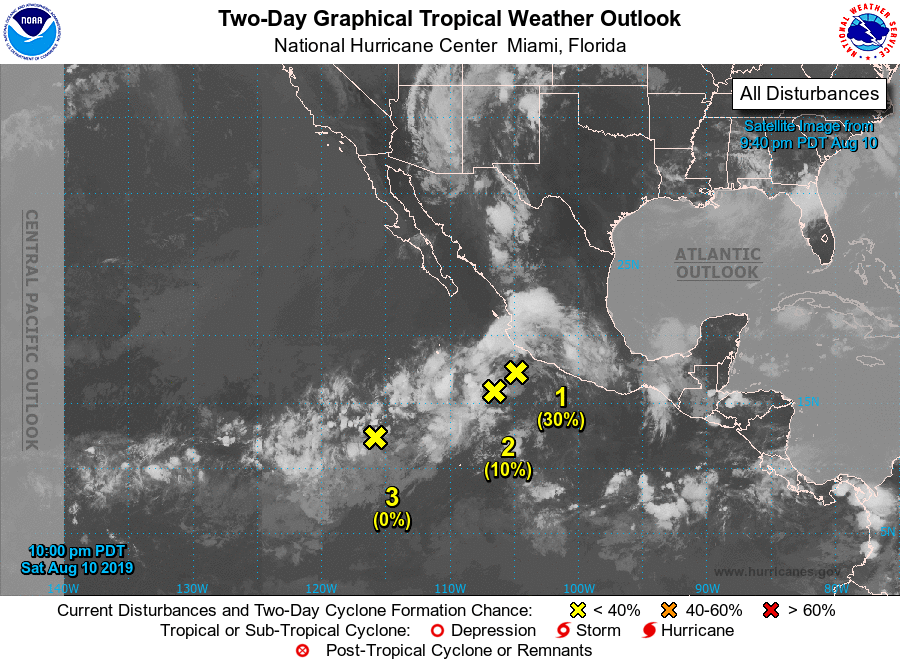
For the eastern North Pacific...east of 140 degrees west longitude:

1. A large area of disorganized showers and thunderstorms near the southwestern coast of Mexico is associated with a trough of low pressure. This system has not become any better organized since yesterday, and the chances of tropical cyclone formation are diminishing. The disturbance is expected to move west-northwestward just off the southwestern coast of Mexico bringing locally heavy rainfall along portions of that area during the next couple of days.
* Formation chance through 48 hours...low...30 percent.
* Formation chance through 5 days...low...30 percent.

2. A broad area of low pressure located a few hundred miles south- southwest of Manzanillo, Mexico is already merging with the disturbance to its north. Development of this system is becoming less likely.
* Formation chance through 48 hours...low...10 percent.
* Formation chance through 5 days...low...10 percent.

3. A disorganized area of disturbed weather continues to be located a little less than 1000 miles south-southwest of the Baja California peninsula. Environmental conditions are expected to become more conducive for tropical cyclone formation by the middle next week as the system moves west-northwestward at 10 to 15 mph.
* Formation chance through 48 hours...low...near 0 percent.
* Formation chance through 5 days...medium...50 percent.

Forecaster Avila